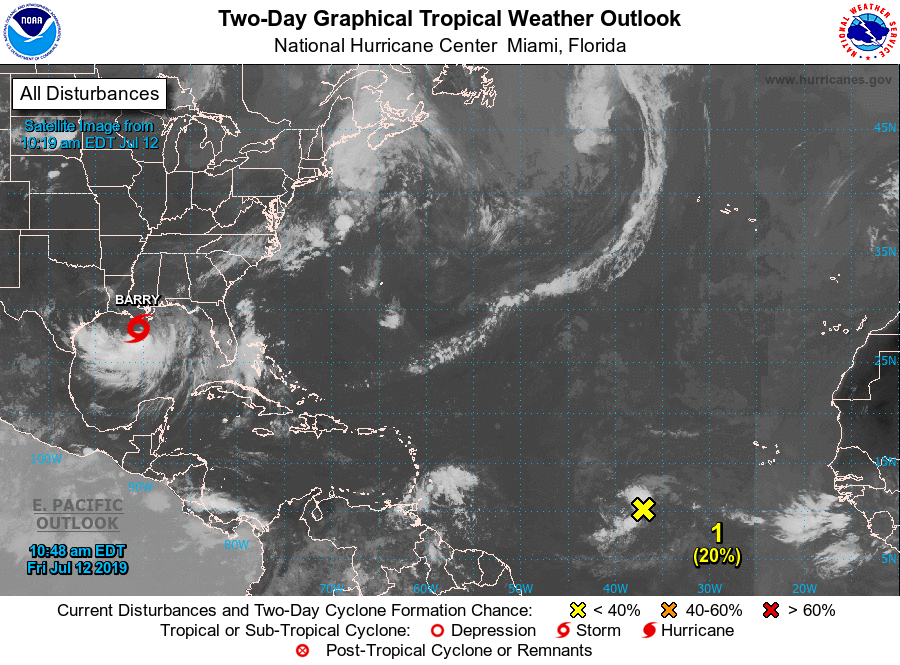
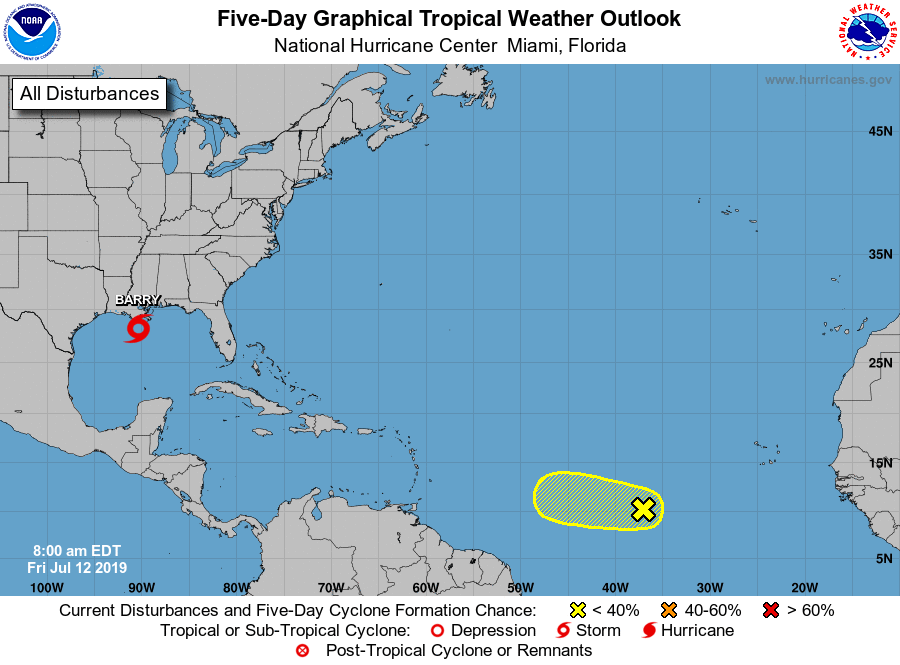
For the North Atlantic...Caribbean Sea and the Gulf of Mexico:

The National Hurricane Center is issuing advisories on Tropical Storm Barry, located about 100 miles south of the Louisiana coast.

1. A tropical wave located nearly 1000 miles west-southwest of the Cabo Verde Islands continues to produce a small area of showers and thunderstorms. Some development of the wave is possible during the next day or so while it moves westward at 15 to 20 mph. Environmental conditions are expected to become unfavorable for development by Sunday.
* Formation chance through 48 hours...low...20 percent.
* Formation chance through 5 days...low...20 percent.

Forecaster Zelinsky